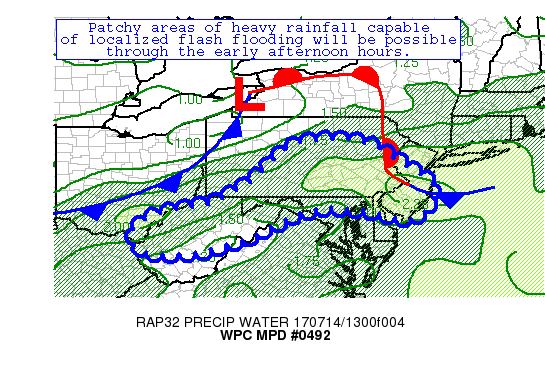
AREAS AFFECTED...N WEST VIRGINIA...W MARYLAND...S PENNSYLVANIA...S
NEW JERSEY

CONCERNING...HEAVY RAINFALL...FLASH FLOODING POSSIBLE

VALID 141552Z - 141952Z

SUMMARY...MULTIPLE ROUNDS OF CONVECTION WITH LOCALLY HEAVY
RAINFALL RATES CAN BE EXPECTED TO CONTINUE INTO THE EARLY
AFTERNOON HOURS ACROSS MUCH OF WEST VIRGINIA AND EXTENDING INTO
EAST CENTRAL PENNSYLVANIA.

DISCUSSION...MULTIPLE FACTORS ARE AT WORK TO ENHANCE EXCESSIVE
RAINFALL POTENTIAL.  RIGHT ENTRANCE UPPER LEVEL JET DYNAMICS IN
PLACE WILL PROMOTE LARGE SCALE ASCENT, WITH A 500MB SHORTWAVE
TROUGH APPROACHING FROM THE WEST.  ANOMALOUS PWS EXIST OVER THE
REGION WITH VALUES ON THE ORDER OF 1.7 TO 2.2 INCHES AS SUGGESTED
BY THE LATEST RAP ANALYSIS.  THIS IS SUPPORTED BY RECENT GPS DATA.
 ANOTHER CONCERN ARE THE LOWER FLASH FLOOD GUIDANCE VALUES GIVEN
ANTECEDENT RAINFALL OVER MUCH OF THIS AREA OVER THE PAST COUPLE OF
DAYS.

BOTH THE HRRR AND HRRR EXPERIMENTAL ARE INDICATING THE POTENTIAL
FOR 2 TO 3 INCHES OF RAINFALL OVER PARTS OF NORTHERN WEST VIRGINIA
AND ALSO SOUTHERN NEW JERSEY, AND THE NMMB IS INDICATING SOME
LOCALLY ENHANCED AMOUNTS ACROSS SOUTHERN PENNSYLVANIA.  OTHER
HI-RES GUIDANCE, SUCH AS THE ARW, ARE MORE CONSERVATIVE WITH THE
HIGHER RAINFALL TOTALS.  BASED ON RECENT RADAR TRENDS, EXPECT
HOURLY RAINFALL RATES OF 1 TO 1.5 INCHES PER HOUR WITH THE
HEAVIEST CONVECTION, WITH ISOLATED 3 INCH TOTALS BY 4PM LOCAL TIME.